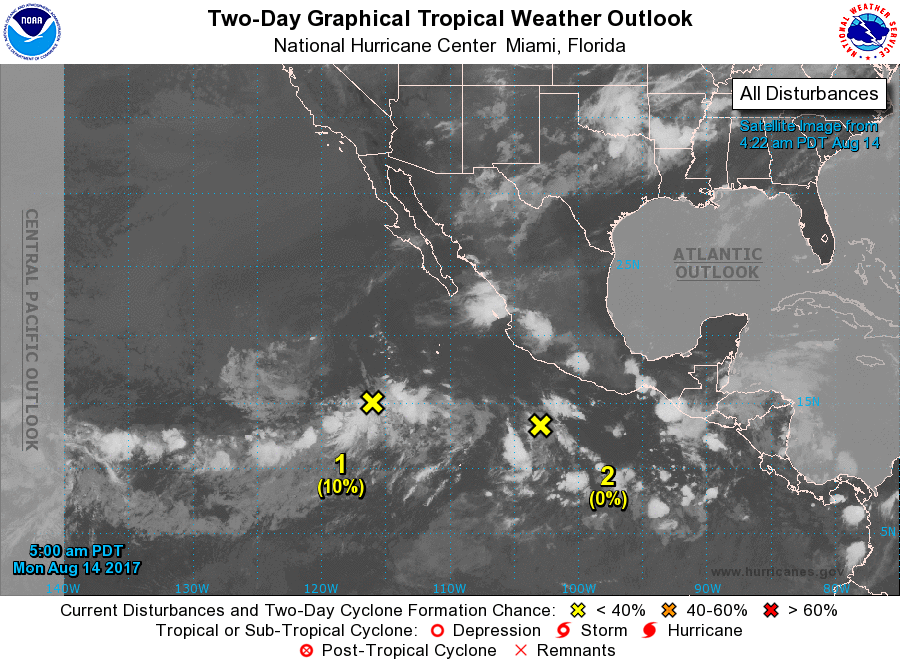
For the eastern North Pacific...east of 140 degrees west longitude:

1. A large area of disturbed weather has developed several hundred miles southwest of the southern tip of the Baja California peninsula. Environmental conditions are forecast to be generally conducive for some development of this system while it moves slowly westward later this week.
* Formation chance through 48 hours...low...10 percent.
* Formation chance through 5 days...medium...40 percent.

2. Disorganized showers and thunderstorms located several hundred miles south-southwest of Acapulco, Mexico, are associated with a trough of low pressure. Environmental conditions are forecast to be only marginally conducive for development while this system moves slowly westward to west-northwestward during the next several days.
* Formation chance through 48 hours...low...near 0 percent.
* Formation chance through 5 days...low...30 percent.

Forecaster Brown